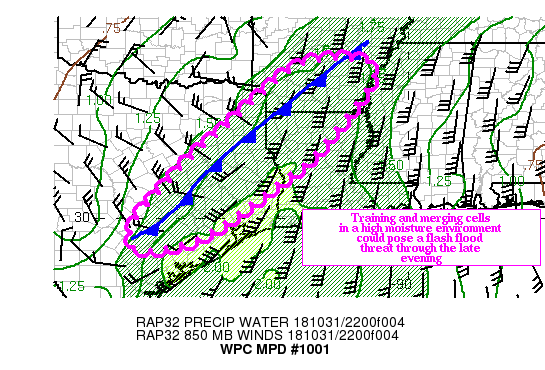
Areas affected...Portions of southern and eastern TX...northern
LA...southern AR

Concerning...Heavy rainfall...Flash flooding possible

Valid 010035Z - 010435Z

Summary... Convection training ahead of a frontal boundary
extending from AR across south TX could produce hourly rainfall
rates near 2.00 inches. This will pose a flash flood threat into
the late evening hours.

Discussion...Regional radars indicated convection along and ahead
of a frontal boundary extending from northern AR into South TX.
The GOES-16 clean IR loop showed cloud top temperatures between
-65 and -70 C, as the entire area of convection moved eastward.

Convective clusters in the area were moving northeast along and
ahead of the front, resulting in training near portions of the mid
and upper TX coast, generally north and west of the Houston metro
area. The KHGX radar showed hourly rainfall rates between 1.50 and
2.00 inches along and just ahead of the front with the highest
rates over Liberty and Hardin counties.

Despite the slow march eastward of the front, training along and
ahead of the front over portions of southern and eastern east TX
could produce local 2.00 to 4.00 inches of rainfall, and these
amounts are supported by the most recent HRRR runs. Three hour
flash flood guidance values here are generally above three inches
(except areas near Houston, which saw heavy rainfall earlier this
evening). Therefore, training would be necessary to initiate flash
flooding.

Further northeast into northern LA and southern AR, the
instability is not as robust, and cloud top temperatures have been
slowly warming. However, a 40 knot low level southerly flow (per
regional VWP) transports 1.50/1.75 inch precipitable water air
over these areas. As a long wave trough approaches from eastern
NM/west TX, the mid level flow is expected to back, and this could
enhance the threat for training.

Due to the lower instability across northern LA and southern AR,
the most recent HRRR rainfall amounts were not as high as further
south. Because of this, flash flooding is only considered
possible.